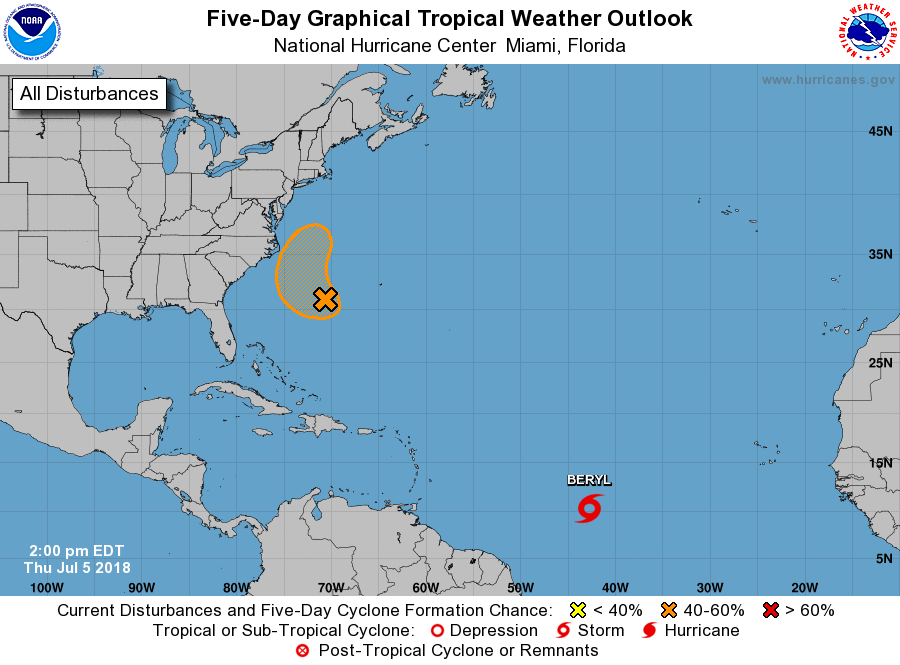
For the North Atlantic...Caribbean Sea and the Gulf of Mexico:

The National Hurricane Center has initiated advisories on Tropical Depression Two, located over the central tropical Atlantic Ocean more than a thousand miles east-southeast of the Lesser Antilles.

1. A weak low pressure system located a few hundred miles west- southwest of Bermuda is producing disorganized shower and thunderstorm activity. Environmental conditions appear conducive for some development through the end of the week while the system moves west-northwestward and then northward at about 10 mph off the coast of North Carolina. The low is forecast to interact with a frontal system on Sunday, which should limit any additional development.
* Formation chance through 48 hours...low...30 percent.
* Formation chance through 5 days...medium...40 percent.

Public Advisories on Tropical Depression Two are issued under WMO header WTNT32 KNHC and under AWIPS header MIATCPAT2. Forecast/Advisories on Tropical Depression Two are issued under WMO header WTNT22 KNHC and under AWIPS header MIATCMAT2.

Forecaster Berg